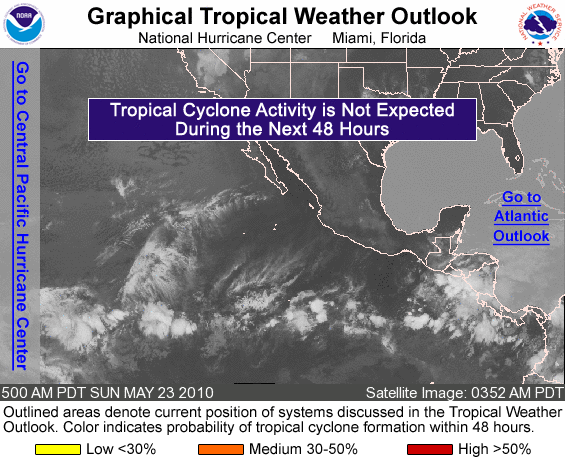
FOR THE EASTERN NORTH PACIFIC...EAST OF 140 DEGREES WEST LONGITUDE..

TROPICAL CYCLONE FORMATION IS NOT EXPECTED DURING THE NEXT 48 HOURS.

FORECASTER KIMBERLAIN/PASCH